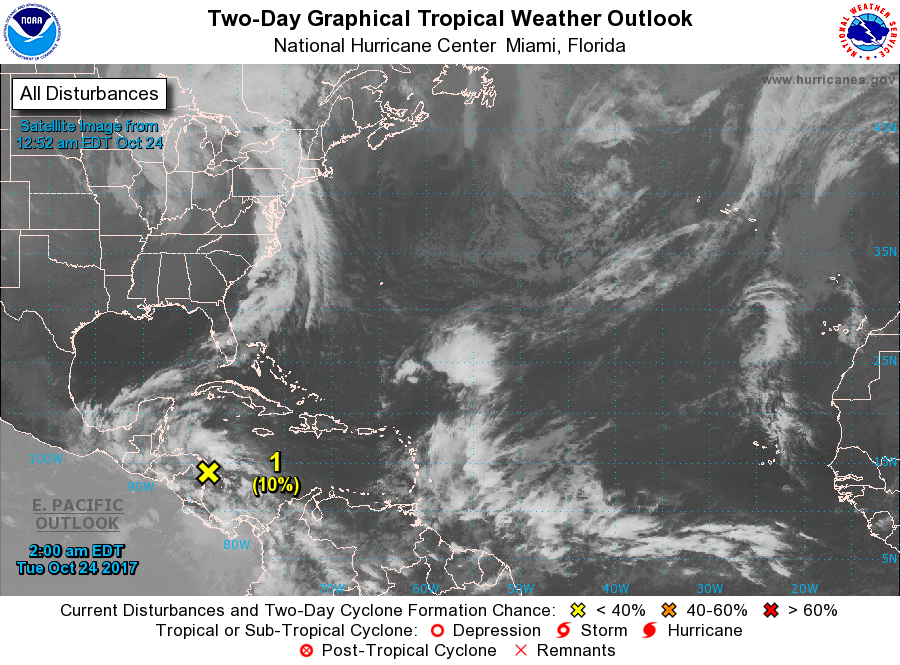
For the North Atlantic...Caribbean Sea and the Gulf of Mexico:

1. An elongated low pressure system located near the northeastern coast of Nicaragua is producing widespread cloudiness and disorganized thunderstorms over much of the northwestern and southwestern Caribbean Sea, and the adjacent coastal areas of northeastern Nicaragua and eastern Honduras. Further development, if any, should be slow to occur for the next couple of days due to interaction with the landmass of Central America. However, environmental conditions are expected to be conducive thereafter for some development to occur over the northwestern Caribbean Sea while the system moves slowly northward.
* Formation chance through 48 hours...low...10 percent.
* Formation chance through 5 days...medium...50 percent.

Forecaster Stewart